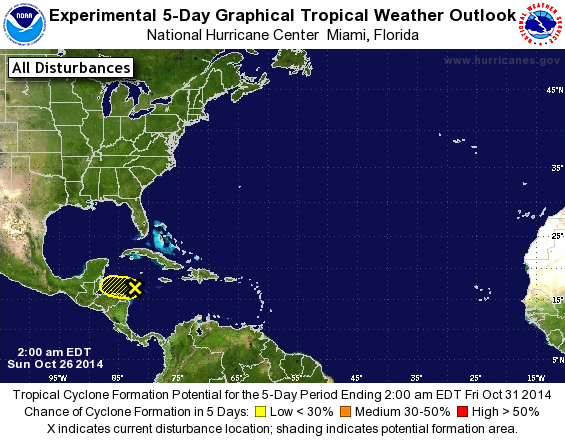
For the North Atlantic...Caribbean Sea and the Gulf of Mexico:

1. An elongated area of low pressure over the northwestern Caribbean Sea is associated with the remnants of Tropical Depression Nine and a cold front. This system is producing disorganized showers and thunderstorms, and redevelopment, if any, should be slow to occur while the disturbance drifts southward and then westward over the next few days close to the coast of Honduras.
* Formation chance through 48 hours...low...10 percent.
* Formation chance through 5 days...low...20 percent.

Forecaster Blake